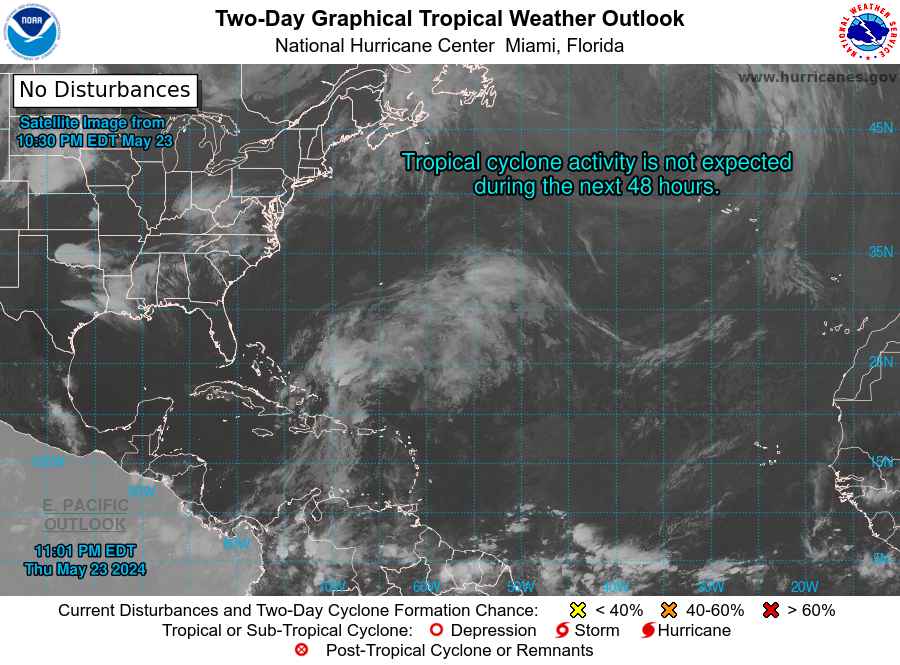
For the North Atlantic...Caribbean Sea and the Gulf of Mexico:

1. Southwestern Atlantic: A trough of low pressure is producing a large area of disorganized cloudiness and showers over the southwestern Atlantic. An area of low pressure is expected to form within this system roughly halfway between Bermuda and Hispaniola on Friday. Although environmental conditions are not conducive, some slight subtropical or tropical development is possible over the next couple of days while the system moves northeastward.
* Formation chance through 48 hours...low...10 percent.
* Formation chance through 7 days...low...10 percent.

Forecaster Cangialosi